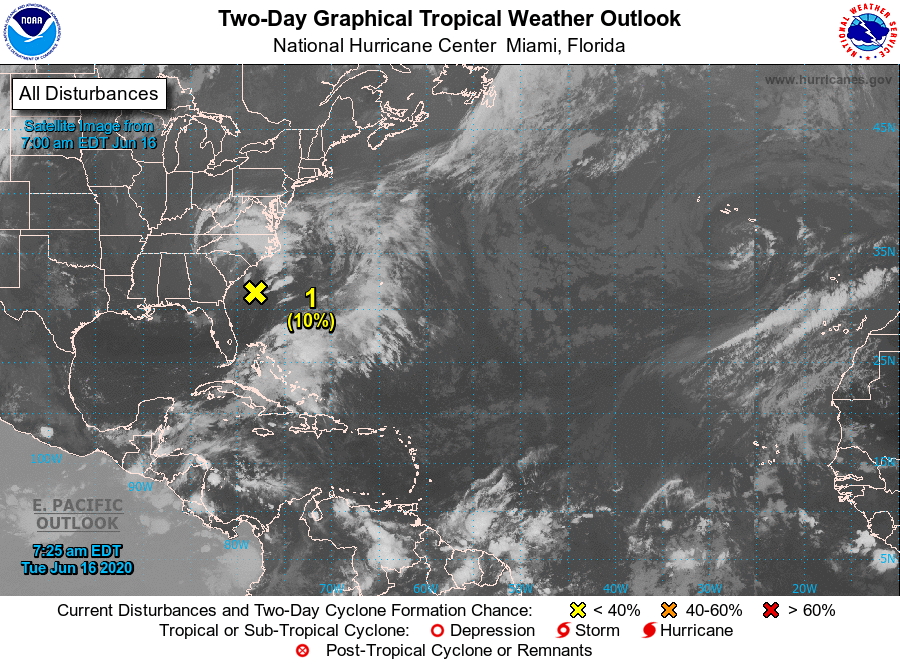
For the North Atlantic...Caribbean Sea and the Gulf of Mexico:

1. A non-tropical low pressure area located about 150 miles south-southeast of the North Carolina-South Carolina border is producing disorganized showers and thunderstorms over portions of southeastern and eastern North Carolina, including the Outer Banks, and adjacent Atlantic waters. The low is moving slowly toward the north-northeast, and a gradual turn toward the north is forecast later today. Environmental conditions are expected to remain unfavorable for significant development through tonight when the low should move inland over eastern North Carolina. Regardless of development, heavy rainfall could occur over portions of northeastern South Carolina and southeastern and eastern North Carolina through Wednesday. For additional information, see products from your local National Weather Service office.
* Formation chance through 48 hours...low...10 percent.
* Formation chance through 5 days...low...10 percent.

Forecaster Stewart